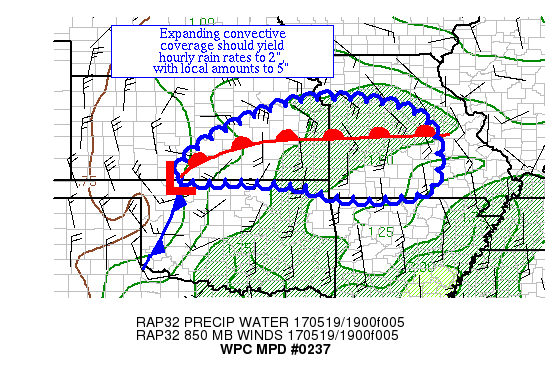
AREAS AFFECTED...SOUTHEAST KS & SOUTHWEST MO

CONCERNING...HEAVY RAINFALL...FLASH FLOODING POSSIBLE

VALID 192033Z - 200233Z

SUMMARY...SURFACE BASED CONVECTION IS BEGINNING TO FORM NEAR A
WAVE CLOSE TO THE CENTRAL OK/KS BORDER AT THIS TIME.  WITH
CONVECTIVE EXPANSION EXPECTED, HOURLY RAIN RATES UP TO 2" WITH
LOCAL AMOUNTS TO 5" COULD LEAD TO FLASH FLOODING.

DISCUSSION...A MESOSCALE WAVE NEAR THE CENTRAL KS/OK BORDER LIES
AHEAD OF A SHORTWAVE MOVING ACROSS SOUTHWEST KS.  PRECIPITABLE
WATER VALUES OF 1.25-1.5" LIE ACROSS THE REGION.  INFLOW AT 850
HPA IS CURRENTLY FOCUSED JUST AHEAD OF THE WAVE AT 25 KTS.  THE
WIND FLOW IS NEARLY UNIDIRECTIONAL WITH HEIGHT.  BULK SHEAR IN THE
0-6 KM LAYER IS 40-70 KTS, SUFFICIENT FOR ORGANIZED CONVECTION AND
THE FORMATION OF MESOCYCLONES.  MLCAPES OF 2000 J/KG LIE AHEAD OF
THE WAVE, AND RECENT SPC MESOANALYSES SHOW A SLOW EROSION TO CIN
IN THE AREA.

WITH TIME, THE FLOW INTO THE FRONTAL BOUNDARY IS EXPECTED TO
BECOMING INCREASINGLY CYCLONIC WHICH SHOULD ALLOW CONVECTION TO
EXPAND EASTWARD INTO WESTERN MO WITH TIME, WHICH IS CURRENTLY
SEEING THEIR FIRST ROUND OF ACTIVITY.  PRECIPITABLE WATER VALUES
SHOULD INCREASE SLIGHTLY FURTHER.  THIS IS IMPLIED WITHIN THE 12Z
GFS-BASED GALVEZ-DAVISON INDEX, WHICH SHOWS VALUES BROACHING 35 AT
00Z IN SOUTHEAST KS.  CIN SHOULD REDEVELOP TOWARDS THE END OF THE
MPD PERIOD ACROSS KS/MO, WHICH COULD ALLOW CONVECTION TO SHIFT
NORTH TOWARDS THE 850 HPA SLICE OF THE WARM FRONT.  THE MESOSCALE
GUIDANCE APPEARS TOO FAR NORTH WITH QPF FOR THE MOST PART --
BELIEVE THE LAST FEW RAP RUNS HAVE THE BEST CLUE HERE.  THEY AGREE
ON A SIGNAL FOR LOCAL AMOUNTS OF 5" IN THIS AREA.  HOURLY RAIN
RATES UP TO 2" ARE POSSIBLE WHERE CELLS TRAIN/MERGE.